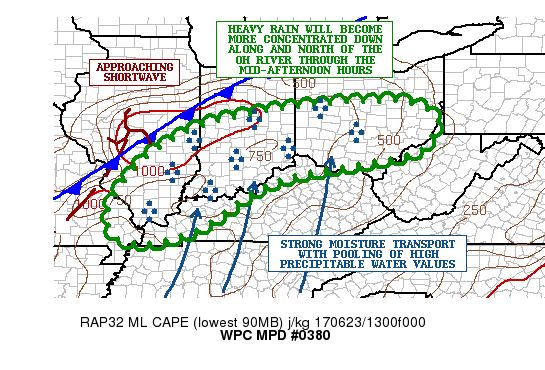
AREAS AFFECTED...EXTREME SOUTHEAST MO...NORTHWEST KY...SOUTHERN
IL...CENTRAL/SOUTHERN IN...CENTRAL/SOUTHERN OH

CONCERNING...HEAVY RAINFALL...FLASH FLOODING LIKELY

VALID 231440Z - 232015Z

SUMMARY...HEAVY RAINFALL SHOULD TEND TO BECOME MORE WIDESPREAD AND
CONCENTRATED ALONG AND NORTH OF THE OH RIVER. SOME FLASH FLOODING
WILL BE LIKELY.

DISCUSSION...EXPERIMENTAL GOES-16 6.9 MICRON/WV IMAGERY SHOWS A
SHORTWAVE TROUGH QUICKLY ADVANCING EAST ACROSS CENTRAL/SOUTHERN IL
AND SOUTHEAST MO WHICH IS HELPING TO ENHANCE THE LARGER SCALE
ASCENT DOWNWIND ACROSS MUCH OF THE OH RIVER VALLEY AND IN
CONJUNCTION WITH A WELL-DEFINED LARGE SCALE WARM ADVECTION PATTERN
AHEAD OF A COLD FRONT CROSSING THE MIDWEST. MEANWHILE...A VERY
LARGE POOL OF HIGH PWATS IS IN PLACE WHICH IS BEING FACILITATED BY
THE ADVANCE OF T.D. CINDY WHICH IS ADVANCING OUT OF EASTERN AR AND
INTO WESTERN TN AT THIS TIME. ALREADY THERE IS AN EXPANDING AREA
OF HEAVY SHOWERS AND THUNDERSTORMS NORTH OF THE OH RIVER FROM
SOUTHERN IL EAST ACROS CENTRAL/SOUTHERN IN AND INTO
CENTRAL/WESTERN OH.

CONVECTION SHOULD BECOME EVEN MORE CONCENTRATED OVER THE NEXT FEW
HOURS WITH A TENDENCY TO ALIGN ITSELF FARTHER SOUTHEAST WITH TIME
AND CLOSER TO THE OH RIVER GOING THROUGH ABOUT 18Z. AFTER
18Z...THE CONVECTION SHOULD BEGIN FOCUSING FARTHER SOUTH THAT
AREAS OF WESTERN AND NORTHERN KY BEGIN TO SEE THE HEAVY RAINFALL
THREAT INCREASE. THE ACTIVITY WILL BE ENHANCED BY AN INCREASINGLY
CONVERGENT LOW TO MID LEVEL FLOW PATTERN ALONG AND AHEAD OF THE
COLD FRONT ALONG WITH SUPPORT FROM DEVELOPING RIGHT-ENTRANCE
REGION UPPER JET DYNAMICS. THIS WILL COINCIDE ALSO WITH A MODESTLY
UNSTABLE BOUNDARY LAYER...BUT A VERY MOIST VERTICAL COLUMN WITH
PWATS OF 2 TO 2.5 INCHES. RAINFALL RATES ARE EXPECTED TO APPROACH
3 INCHES/HR WITHIN THE STRONGER CONVECTIVE CORES GIVEN THE HIGHLY
EFFICIENT ENVIRONMENT.

THE HIRES MODELS SHOW A STRONG SIGNAL FOR VERY HEAVY RAINFALL
THROUGH THE REMAINDER OF THE MORNING AND EXTENDING THROUGH THE
MID-AFTERNOON HOURS...WITH TOTALS OF 3 TO 5 INCHES AND ISOLATED
HEAVIER AMOUNTS UP TO 6+ INCHES WHERE SOME LOCALIZED TRAINING OF
CELLS OCCURS. SOME FLASH FLOODING WILL BE LIKELY AS A RESULT.